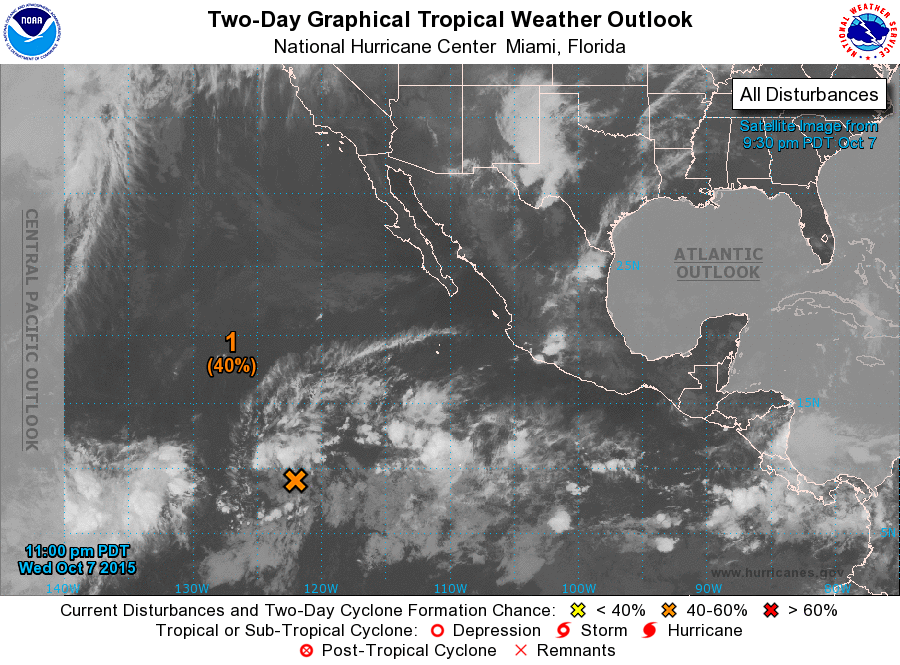
For the eastern North Pacific...east of 140 degrees west longitude:

The Central Pacific Hurricane Center in Honolulu, Hawaii, is issuing advisories on Hurricane Oho, located about a thousand miles northeast of the Hawaiian Islands. Oho is expected to move into the eastern North Pacific basin, possibly as a tropical cyclone, on Thursday.

1. Shower and thunderstorm activity has not become much better organized in association with a tropical wave located about 1250 miles southwest of the southern tip of the Baja California peninsula. However, environmental conditions are forecast to be conducive for development, and a tropical depression is likely to form by early next week while the system moves west-northwestward at 15 to 20 mph.
* Formation chance through 48 hours...medium...40 percent
* Formation chance through 5 days...high...70 percent

Forecaster Pasch